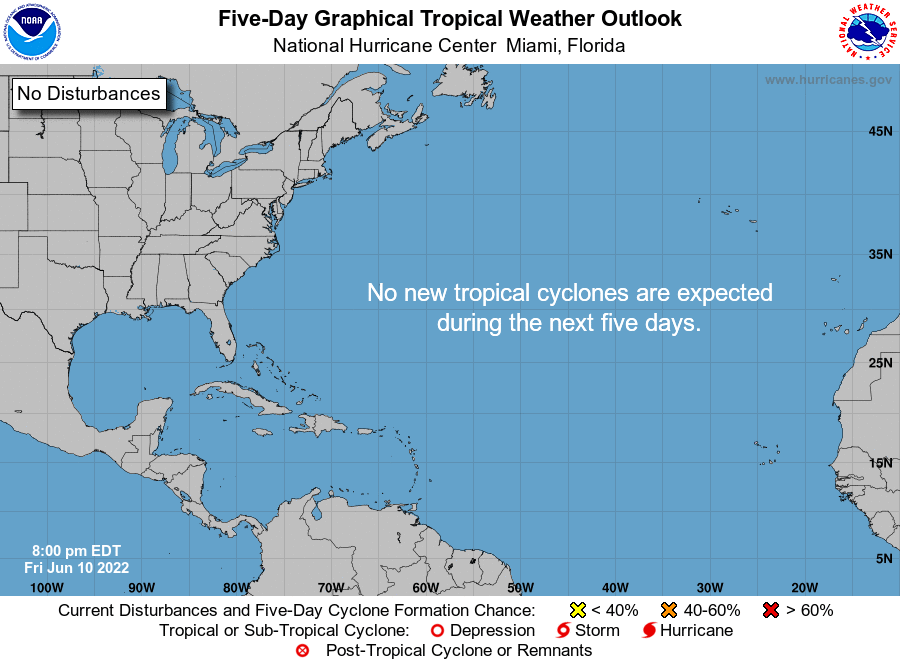
For the North Atlantic...Caribbean Sea and the Gulf of Mexico:

Tropical cyclone formation is not expected during the next 5 days.

Forecaster Beven/Bucci